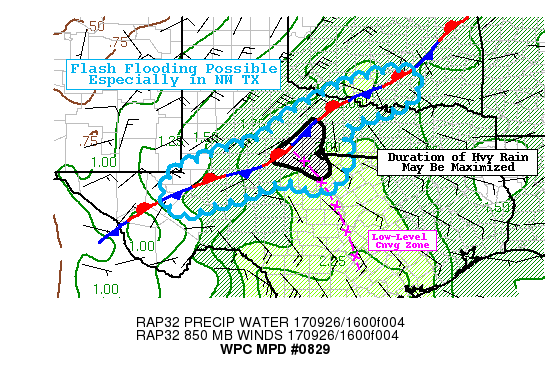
AREAS AFFECTED...WRN AND NW TEXAS...FAR SC OKLAHOMA

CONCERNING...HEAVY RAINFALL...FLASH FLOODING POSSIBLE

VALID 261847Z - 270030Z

SUMMARY...FLASH FLOOD THREAT WILL CONTINUE FROM WEST AND NORTHWEST
TEXAS INTO SOUTH-CENTRAL OKLAHOMA WITH SLOW MOVING RAIN BANDS AND
THUNDERSTORMS PRODUCING RAIN RATES UP TO 2 IN/HR.

DISCUSSION...A NEARLY CONTINUOUS BAND OF LOW-TOPPED CONVECTION HAS
DEVELOPED ALONG A SURFACE BOUNDARY THAT IS A COMPOSITE OF AN
EXISTING QUASI-STATIONARY FRONT AND CONVECTIVE OUTFLOWS. GOES-16
IR SATELLITE CHANNELS SHOW A LACK OF COLD CLOUD TOPS (GENERALLY
ALL -30C OR WARMER ON BAND 14)...SUGGESTIVE OF LOW-TOPPED
CONVECTION. CROSS SECTIONS FROM AREA RADARS SUGGEST MOST OF THE
HIGH-REFLECTIVITY ECHOES ARE CONCENTRATED BELOW -10C...A LOW-ECHO
CENTROID SIGNATURE INDICATIVE OF DOMINANT WARM RAIN PROCESSES AND
POTENTIALLY MORE EFFICIENT RAINFALL PRODUCTION. GOES-16 DAY CLOUD
PHASE RGB AND BAND 5 (SNOW-ICE CHANNEL) IMAGERY ALSO SHOW ONLY
SCATTERED POCKETS OF ICE CLOUDS.

DUAL POL RAINFALL ESTIMATES FROM SOME OF THE AREA RADARS HAVE
GENERALLY BEEN UNDERESTIMATING RAIN RATES AS COMPARED TO
OBSERVATION SITES. ODESSA (KODO) MEASURED AROUND 1 INCH BETWEEN
1-2 PM LOCAL TIME...WHILE KMAF RADAR DUAL POL ESTIMATES WERE
AROUND HALF THAT AMOUNT. MRMS ESTIMATES HAVE BEEN CLOSER TO
SURFACE OBSERVATIONS IN GENERAL...AND HAVE SHOWN RAIN RATES
PEAKING IN THE 1-2 IN/HR RANGE WHERE CONVECTION HAS BEEN ABLE TO
TRAIN A SUFFICIENT AMOUNT OF TIME. THIS MAY LEAD TO FLASH
FLOODING...PARTICULARLY IN LOCATIONS IN WHICH HEAVIER RATES CAN
PERSIST FOR 2-3 HOURS.

THE LONGER DURATIONS OF HEAVY RAIN SEEM TO BE MOST LIKELY NEAR
ABILENE AND THE TEXAS BIG COUNTRY...OR NEAR THE INTERSECTION OF A
LOW-LEVEL CONVERGENCE AXIS EXTENDING TO THE SOUTHEAST...AND THE
AFOREMENTIONED QUASI-STATIONARY FRONT. KDYX RADAR SHOWS A BAND OF
LOW-TOPPED CONVECTION STREAMING NORTHWEST ALONG THE CONVERGENCE
AXIS INTO THE AREA...AND AN ABUNDANCE OF LOW-TOPPED CONVECTION
ALREADY ALONG THE FRONT. THE COMBINATION OF THESE TWO CONVECTIVE
FOCI SHOULD MAINTAIN HEAVY RAIN IN THE AREA FOR THE NEXT SEVERAL
HOURS AND COULD LEAD TO SOME LOCALLY HIGHER RAINFALL TOTALS AND
SLIGHTLY HIGHER LIKELIHOOD OF FLASH FLOODING. RAP FORECASTS SHOW
HIGHER PRECIPITABLE WATER VALUES ADVECTING NORTHWEST INTO THE
FRONT IN THIS REGION OF TEXAS OVER THE NEXT SIX HOURS...SO IT IS
ALSO CONCEIVABLE THAT RAIN RATES WILL INCREASE THROUGH THE
AFTERNOON.